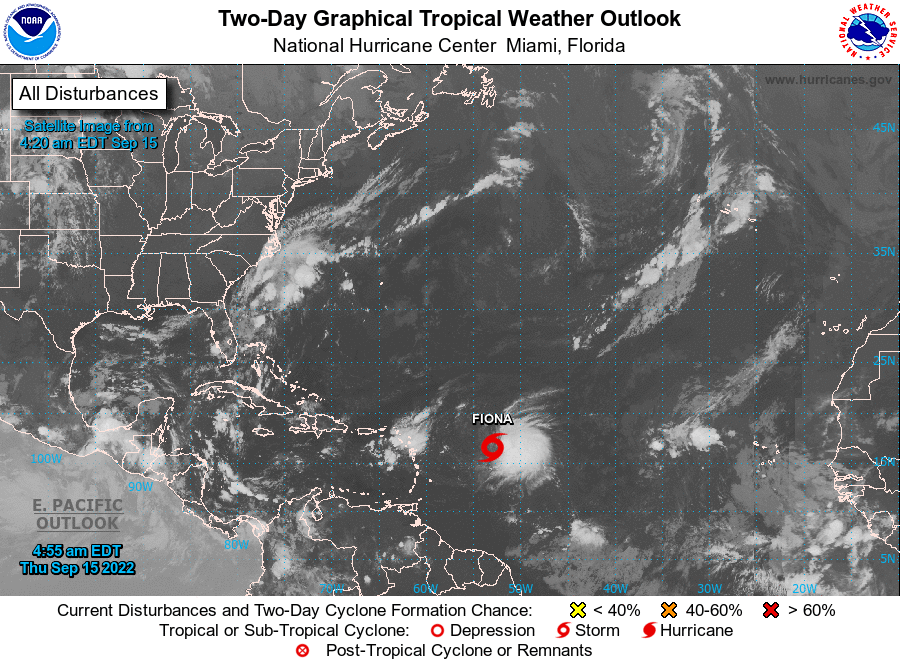
For the North Atlantic...Caribbean Sea and the Gulf of Mexico:

Active Systems: The National Hurricane Center is issuing advisories on recently upgraded Tropical Storm Fiona, located several hundred miles east of the Leeward Islands.

Tropical cyclone formation is not expected during the next 5 days.

&&
Public Advisories on Tropical Storm Fiona are issued under WMO header WTNT32 KNHC and under AWIPS header MIATCPAT2. Forecast/Advisories on Tropical Storm Fiona are issued under WMO header WTNT22 KNHC and under AWIPS header MIATCMAT2.

Forecaster Reinhart